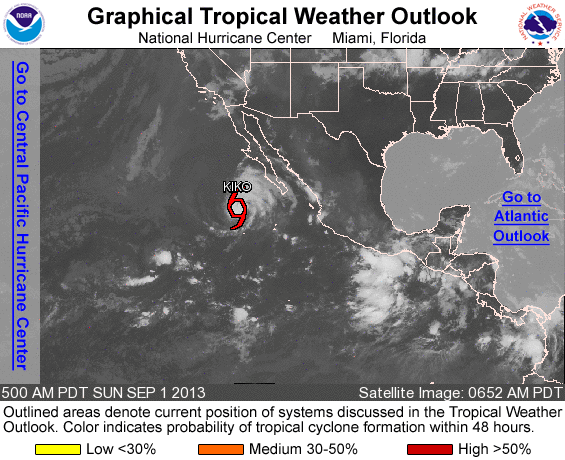
FOR THE EASTERN NORTH PACIFIC...EAST OF 140 DEGREES WEST LONGITUDE..

THE NATIONAL HURRICANE CENTER IS ISSUING ADVISORIES ON TROPICAL STORM KIKO...LOCATED SEVERAL HUNDRED MILES WEST-SOUTHWEST OF THE SOUTHERN TIP OF THE BAJA CALIFORNIA PENINSULA.

TROPICAL CYCLONE FORMATION IS NOT EXPECTED WITHIN THE NEXT 48 HOURS.

OTHER SYSTEMS WITH FORMATION POTENTIAL BEYOND 48 HOURS...

AN AREA OF DISTURBED WEATHER IS EXPECTED TO FORM A FEW OF HUNDRED MILES SOUTH OF THE SOUTHWESTERN COAST OF MEXICO BY MIDWEEK. ENVIRONMENTAL CONDITIONS ARE FORECAST TO BE MARGINALLY CONDUCIVE FOR SOME SLOW DEVELOPMENT OF THIS DISTURBANCE WHILE IT MOVES GENERALLY WEST-NORTHWESTWARD AT AROUND 10 MPH. THIS SYSTEM HAS A LOW CHANCE...NEAR 0 PERCENT...OF BECOMING A TROPICAL CYCLONE DURING THE NEXT 48 HOURS...AND A MEDIUM CHANCE...30 PERCENT...OF BECOMING A TROPICAL CYCLONE DURING THE NEXT 5 DAYS.

&&
FIVE-DAY FORMATION PROBABILITIES ARE EXPERIMENTAL IN 2013. COMMENTS ON THE EXPERIMENTAL FORECASTS CAN BE PROVIDED AT...

HTTP://WWW.NWS.NOAA.GOV/SURVEY/NWS-SURVEY.PHP?CODE=ETWO

FORECASTER KIMBERLAIN